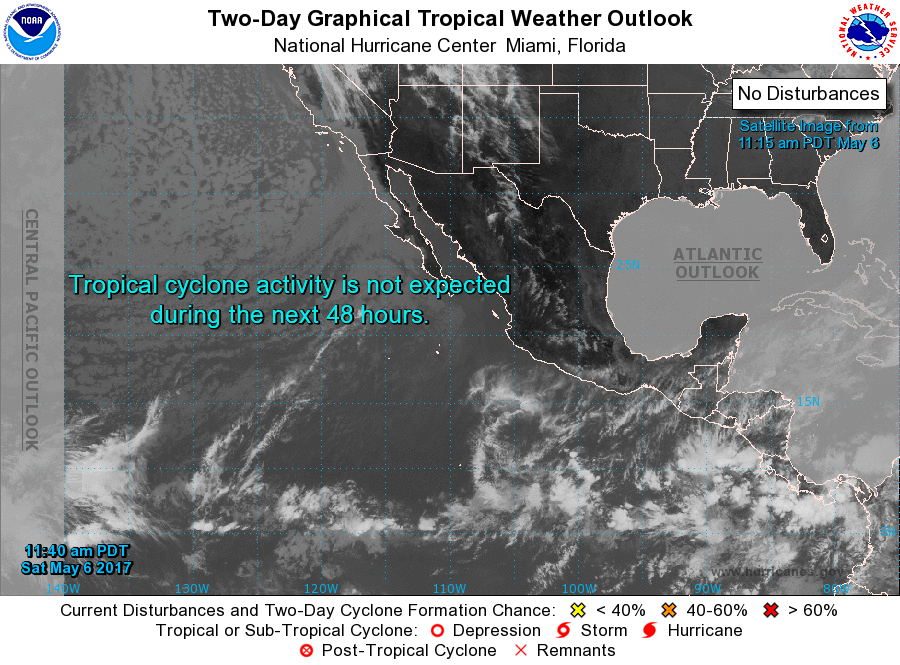
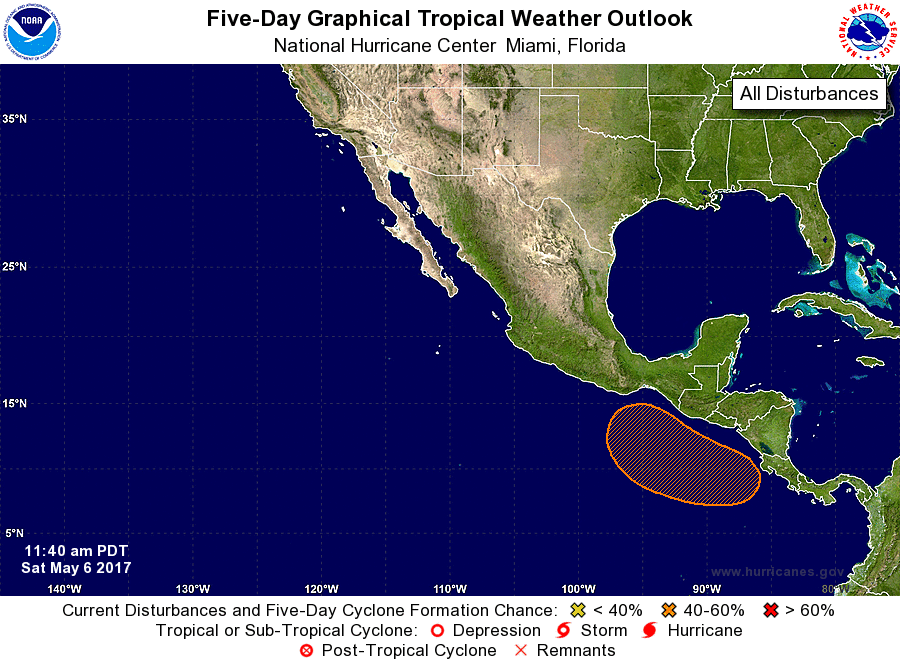
For the eastern North Pacific...east of 140 degrees west longitude:

1. An area of low pressure is expected to form by early next week over the far eastern Pacific to the south of El Salvador and Honduras. Environmental conditions are forecast to be favorable for gradual development, and a tropical depression could form by the middle of next week while the low moves slowly toward the northwest. The next Special Tropical Weather Outlook will be issued by 12 PM PDT Sunday afternoon.
* Formation chance through 48 hours...low...near 0 percent.
* Formation chance through 5 days...medium...50 percent.

Forecaster Blake